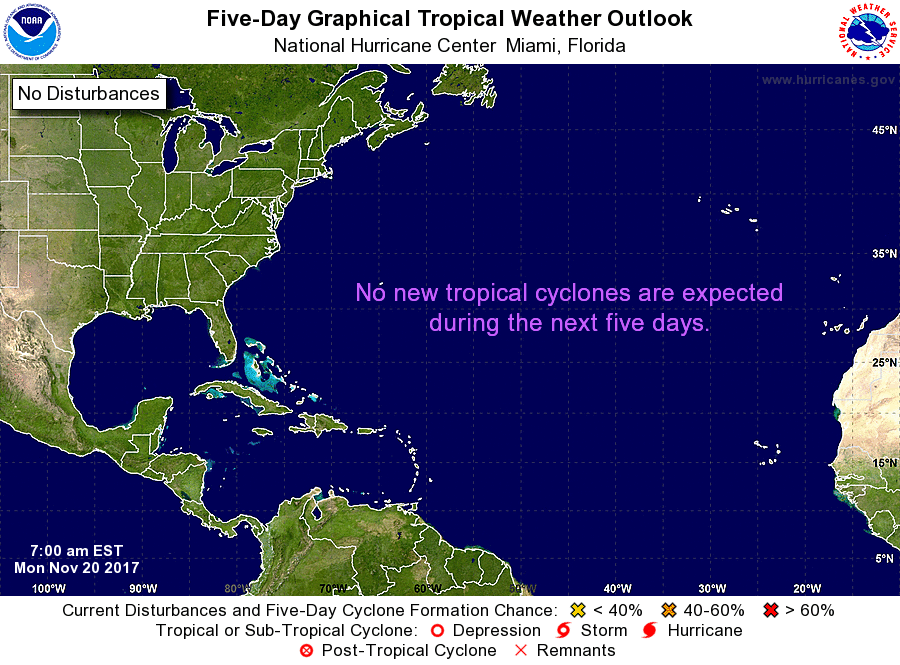
For the North Atlantic...Caribbean Sea and the Gulf of Mexico:

Tropical cyclone formation is not expected during the next 5 days.

Forecaster Stewart